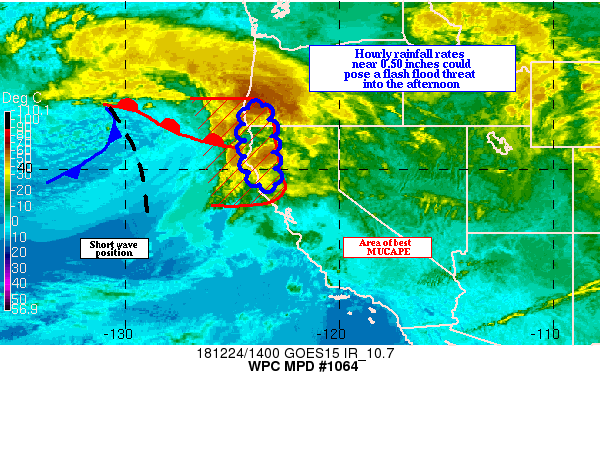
Areas affected...Southwest OR...Northern CA

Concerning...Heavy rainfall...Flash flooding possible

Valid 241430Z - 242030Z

Summary...Increasing instability ahead of a short wave and cold
front will feed low topped convection that could produce hourly
rainfall rates at or above 0.50 inches. These rates will foster a
flash flood threat, especially in areas with recent burn scars,
into the early afternoon hours.

Discussion...The GOES 15 IR loop showed a strong short wave near
42N 130 W, with an attending cold front well west of the northern
CA coast. Ahead of the front, the most recent blended TPW product
indicated precipitable water values near 1.10 inches (which is
about two standard deviations above the mean, supported by the
24/12z OAK sounding). In addition, the most recent RAP analysis
showed MUCAPE values of 500 J/KG  ahead of the short wave, and the
presence of instability is supported by the cellular appearance of
the convective looking clouds on the IR loop.

The combination of moisture and instability should be sufficient
to support embedded convection ahead of the front and short wave,
mainly after 24/17z. During this time, the most recent RAP/HRRR
showed the potential for MUCAPE values to peak near 500 J/KG.
There is a multi high resolution model signal (supported by the
most recent HRRR/experimental HRRR and 00z WRF ARW) for hourly
rainfall rates nearing 0.50 inches, mainly across northern CA,
during the 24/18z to 24/21z time frame, when the best instability
comes ashore.

Based on the depth of moisture in place, these rates appear
attainable, and there is some model support for hourly rainfall
rates near 0.75 inches as the front comes ashore. Total rainfall
amounts could approach 2.00 inches over the higher terrain of the
southern Klamath Mountains and northern CA Coastal Range before
245/21z.

Hourly rainfall rates of 0.50 inches could be enough to pose a
flash flood threat over portions of far Southwest OR and northern
CA, especially over recent burn scars. In these areas, isolated
mudslides and debris flows could occur, especially with higher
hourly rainfall rates.